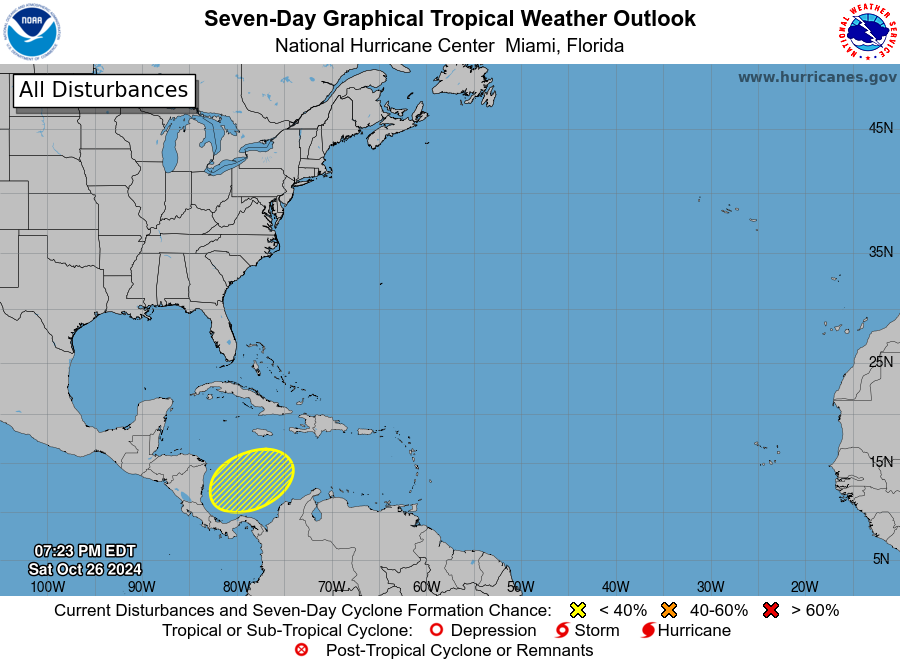
For the North Atlantic...Caribbean Sea and the Gulf of Mexico:

1. Southwestern Caribbean Sea: A broad area of low pressure is likely to develop over the southwestern Caribbean Sea around the middle of next week. Some gradual development of this system will be possible through the end of next week while it meanders or drifts northeastward over the southwestern Caribbean Sea.
* Formation chance through 48 hours...low...near 0 percent.
* Formation chance through 7 days...low...20 percent.

Forecaster Berg